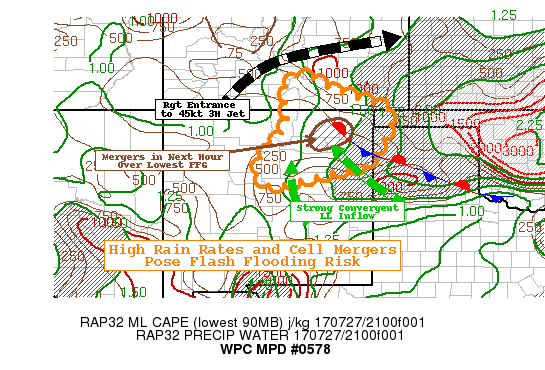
AREAS AFFECTED...NORTHEAST NM...SOUTHEASTERN CO

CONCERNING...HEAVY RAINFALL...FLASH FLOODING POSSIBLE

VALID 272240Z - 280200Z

SUMMARY...STRONG UPSLOPE CONVERGENCE OVER TERRAIN STARTING TO MOVE
OFF WITH POTENTIAL FOR CELL MERGERS.

DISCUSSION...GOES-16 IR DEPICTS CONTINUED EXPANSION/COOLING OF
CONVECTIVE COMPLEX OVER SANGRE DE CRISTOS OF NM WITH NUMEROUS
OVERSHOOTING TOPS ON THE SE EDGE INDICATING MAX HEATING HAS BEEN
REACHED AND CELLS ARE STARTING TO MOVE OFF THE TERRAIN.  SURFACE
FRONTAL BOUNDARY BISECTING THE TX PANHANDLE REACHES THE PARK
PLATEAU...LEADING TO A FOCUSED UPSLOPE SOUTHERLY COMPONENT WHILE
NORTHEASTERLY MST FLOW PROVIDES ADDITIONAL MST CONVERGENCE FROM
BOTH SIDES OF THE BOUNDARY IN THE PROXIMITY FO COLFAX TO
SPRINGER,NM.  SFC TDS IN THE UPPER 50S TO LOWER 60S COLLOCATED
WITH SW TO NE MOISTURE AXIS PER CIRA LAYERED PW ANALYSIS SHOULD
MAINTAIN RAINFALL EFFICIENCY OF THE CELLS.

CURRENT TRENDS WOULD SUGGEST A COLLISION OF THE CONVECTIVE CELLS
OVER COLFAX/MORA COUNTIES WHICH SHOULD LOCALLY INCREASE RAIN RATES
UP TO 2"/HR...AND GIVEN THIS IS A LOCAL MINIMA IN FFG VALUES THIS
MAY POSE A FLASH FLOODING RISK OVER THE NEXT HOUR OR SO.
AFTERWARD THE DEEPER CONVECTION SHOULD DRIFT SOUTHEAST TOWARD
INCREASED INSTABILITY AND INFLOW ALLOWING FOR SLIGHTLY REDUCED
TOTALS BUT POSSIBLE RATES THAT MAY POSE LOCALIZED FLOODING ISSUES
TO PRONE WASHES/ARROYOS.